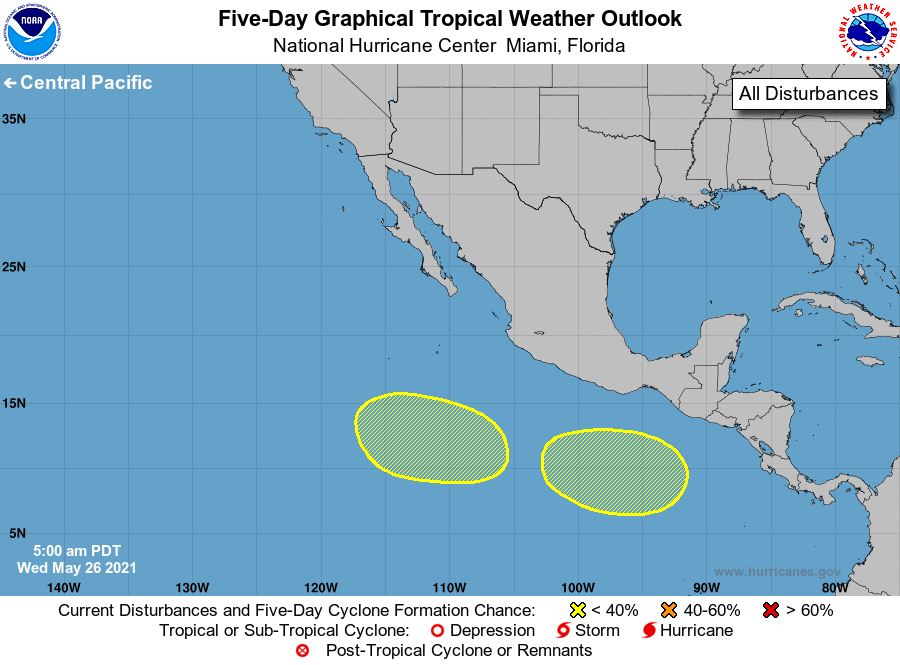
For the eastern North Pacific...east of 140 degrees west longitude:

1. An area of low pressure is expected to form several hundred miles south of the coasts of Guatemala and southeastern Mexico by this weekend. Environmental conditions appear conducive for some gradual development of this system as it moves generally westward at 5 to 10 mph.
* Formation chance through 48 hours...low...near 0 percent.
* Formation chance through 5 days...low...30 percent.

2. Another area of low pressure is expected to form several hundred miles southwest of the coast of Mexico later this week. Some gradual development is possible thereafter as the system moves westward to west-northwestward at 5 to 10 mph.
* Formation chance through 48 hours...low...near 0 percent.
* Formation chance through 5 days...low...20 percent.

Forecaster Pasch